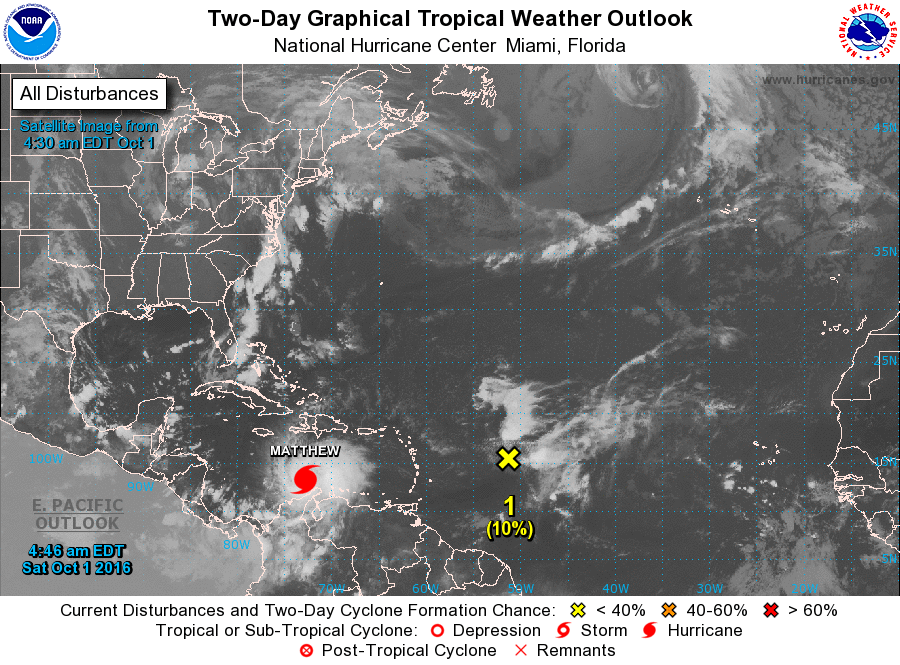
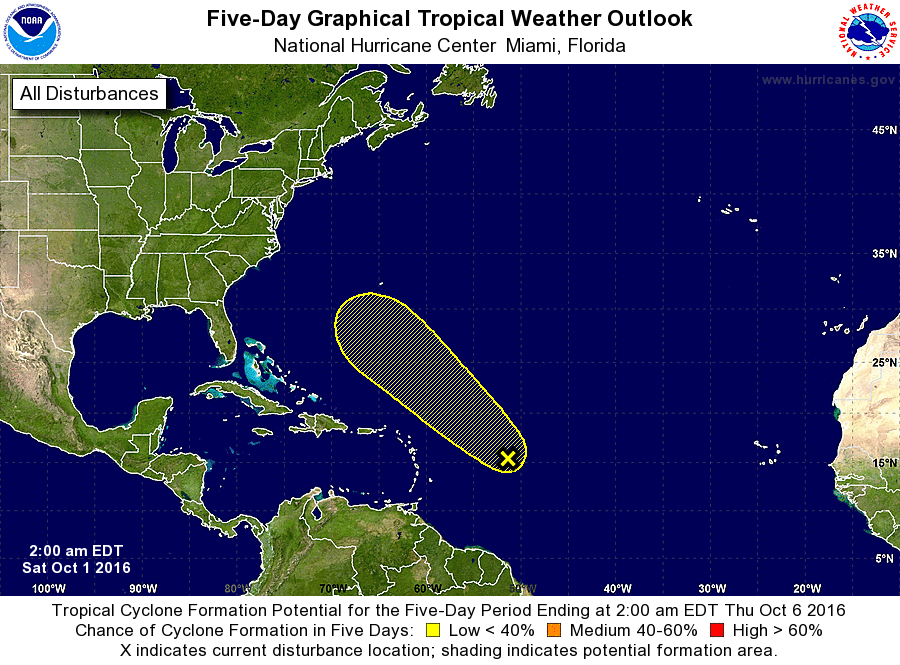
For the North Atlantic...Caribbean Sea and the Gulf of Mexico:

The National Hurricane Center is issuing advisories on Hurricane Matthew, located over the south-central Caribbean Sea.

1. A weak area of low pressure, associated with a tropical wave, is producing disorganized showers and thunderstorms over the central tropical Atlantic well east of the Lesser Antilles. Although recent satellite wind data indicate that the system is producing winds just below tropical storm force, any additional development is expected to be slow to occur due to strong upper-level winds while the low moves northwestward at 15 mph.
* Formation chance through 48 hours...low...10 percent
* Formation chance through 5 days...low...20 percent

Forecaster Berg